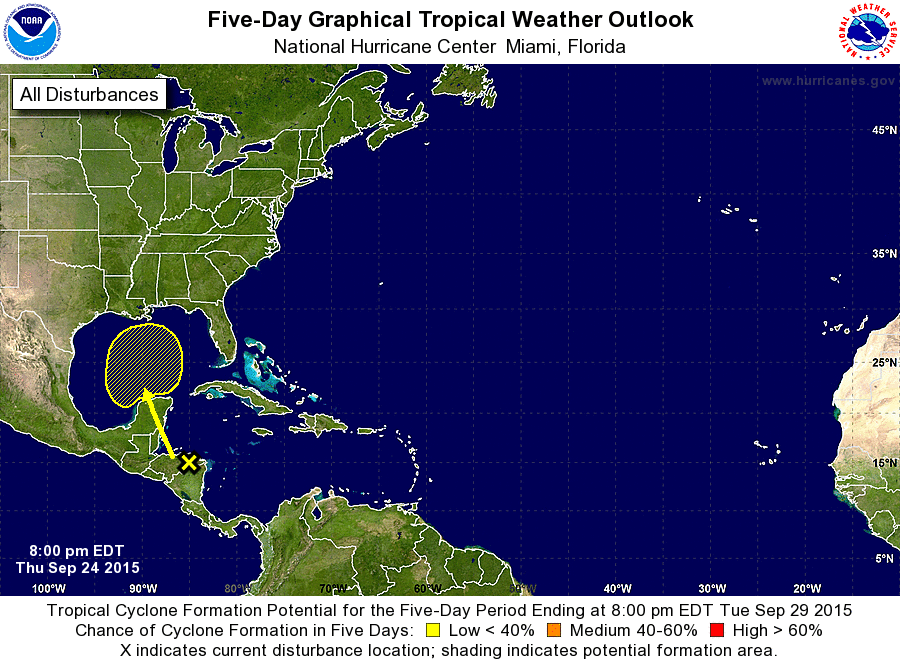
For the North Atlantic...Caribbean Sea and the Gulf of Mexico:

The National Hurricane Center is issuing advisories on Tropical Depression Ida, located about 1200 miles east-northeast of the northern Leeward Islands.

1. A trough of low pressure is producing a large area of disorganized showers and thunderstorms over the western Caribbean Sea and Central America. This system is not expected to develop during the next day or two as it moves north-northwestward across Central America and the Yucatan Peninsula. Once the disturbance reaches the southern Gulf of Mexico in a few days, conditions could become a little more favorable for development while the system moves northward across the Gulf of Mexico.
* Formation chance through 48 hours...low...near 0 percent
* Formation chance through 5 days...low...20 percent

Forecaster Blake